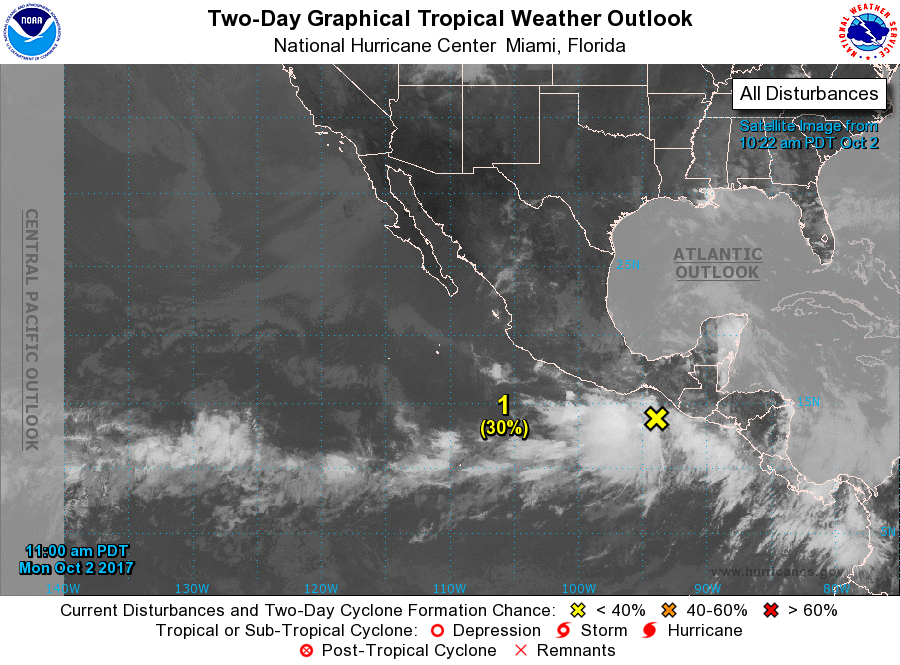
For the eastern North Pacific...east of 140 degrees west longitude:

1. An area of low pressure located near the Gulf of Tehuantepec is accompanied by disorganized showers and thunderstorms. Environmental conditions are expected to be conducive for some development over the next few days while the system moves slowly west-northwestward or westward.
* Formation chance through 48 hours...low...30 percent.
* Formation chance through 5 days...medium...60 percent.

Forecaster Pasch